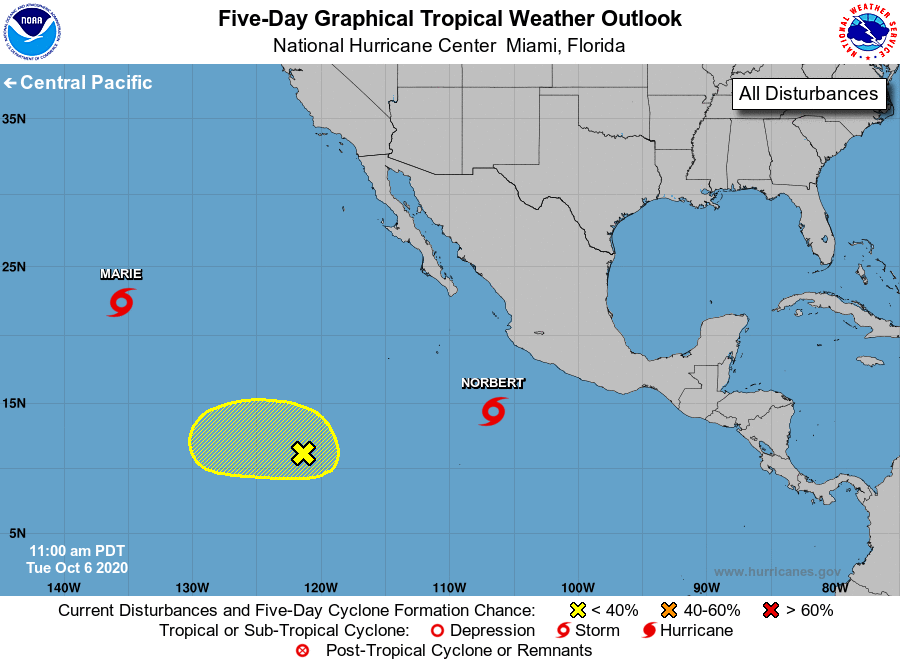
For the eastern North Pacific...east of 140 degrees west longitude:

The National Hurricane Center is issuing advisories on Tropical Storm Marie, located over the western part of the basin, and on Tropical Storm Norbert, located several hundred miles southwest of the southwestern coast of Mexico.

1. A broad area of low pressure, located about 1000 miles southwest of the southern tip of the Baja California peninsula, is producing disorganized showers and thunderstorms. Upper-level winds could become a little more conducive for development in a couple of days as this system slowly moves northwestward.
* Formation chance through 48 hours...low...10 percent.
* Formation chance through 5 days...low...20 percent.

Forecaster Roberts